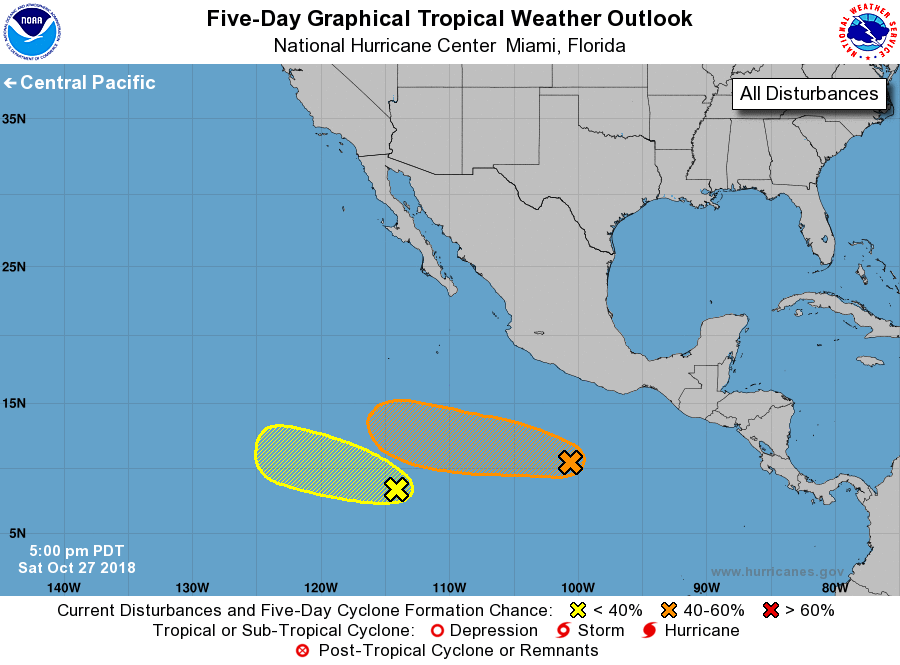
For the eastern North Pacific...east of 140 degrees west longitude:

1. A small well-defined low pressure area located several hundred miles south of Acapulco, Mexico, has changed little during the past several hours. However, environmental conditions could become a little more conducive for some development of this system over the next few days while it moves westward at about 10 mph.
* Formation chance through 48 hours...low...20 percent.
* Formation chance through 5 days...medium...40 percent.

2. A low pressure area with disorganized thunderstorm activity has formed about 1000 miles south-southwest of the southern tip of the Baja California peninsula. Some slow development of this system is possible over the next few days while the low moves to the west or west-northwest at about 10 mph.
* Formation chance through 48 hours...low...10 percent.
* Formation chance through 5 days...low...20 percent.

Forecaster Blake